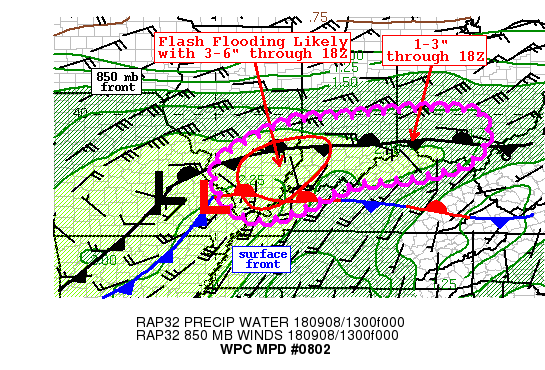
Areas affected...southern IL into southern IN/northern
KY/southwestern OH

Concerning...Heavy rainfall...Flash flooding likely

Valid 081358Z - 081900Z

SUMMARY...Flash flooding is expected across southern IL into
southwestern IN and northwestern KY with steady moderate to heavy
rain and 3-6 inch totals through 18Z. Lower totals of 1-3 inches
are forecast farther east into southeastern IN/southwestern
OH/northern KY on top of already low Flash Flood Guidance.

DISCUSSION...13Z surface observations placed a surface low just
southeast of Farmington, MO with a quasi-stationary front
extending to the east into central KY. RAOB data from and area VAD
wind plots showed an 850 mb front 75-150 miles to the north of the
surface front and the heaviest rain has been occurring between
these two boundaries. Recently, the heaviest rainfall rates across
the Ohio Valley had been located in southern IL and ranged between
0.5 and 1+ in/hr as of 1330Z. These rates were near surface
observations and KLSX and KVWX radar estimates, but are expected
to increase with some increases to instability forecast into the
early afternoon. Current/13Z instability was fairly weak across
southern IL with MLCAPE and MUCAPE estimates between 250 and 750
J/kg, which was between 12Z observed soundings from ILX, BNA and
ILN.

The greatest 850 mb moisture flux will occur just ahead of the
surface low (formerly T.D. Gordon) with 30-40 kt slowly shifting
east across the lower Ohio Valley, intersecting the 850 mb front
with an axis of strong convergence continuing from southern IL
into southern OH through 18Z. Better access to low level moisture
flux across southern IL/southwest IN supports the potential for
3-5 inches of rainfall, locally higher, through 18Z with pockets
of greater instability into OH supporting locally heavy rain with
rates 1-2 in/hr at times, but farther removed from the better
moisture flux to the west.